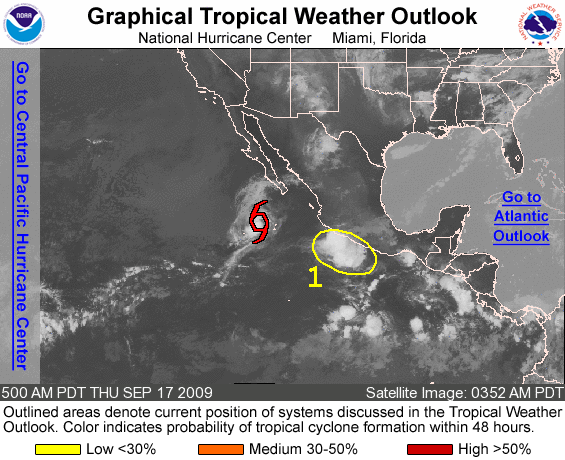
FOR THE EASTERN NORTH PACIFIC...EAST OF 140 DEGREES WEST LONGITUDE..

THE NATIONAL HURRICANE CENTER IS ISSUING ADVISORIES ON TROPICAL STORM MARTY...LOCATED ABOUT 295 MILES SOUTHWEST OF THE SOUTHERN TIP OF BAJA CALIFORNIA.

1. AN AREA OF DISTURBED WEATHER IS LOCATED JUST OFF THE COAST OF SOUTHWEST MEXICO. THIS ACTIVITY IS EXPECTED TO MOVE TOWARD THE WEST WITH SOME POTENTIAL FOR SLOW DEVELOPMENT DURING THE NEXT DAY OR TWO. THERE IS A LOW CHANCE...LESS THAN 30 PERCENT...OF THIS SYSTEM BECOMING A TROPICAL CYCLONE DURING THE NEXT 48 HOURS.

ELSEWHERE...TROPICAL CYCLONE FORMATION IS NOT EXPECTED DURING THE NEXT 48 HOURS.

FORECASTER BROWN